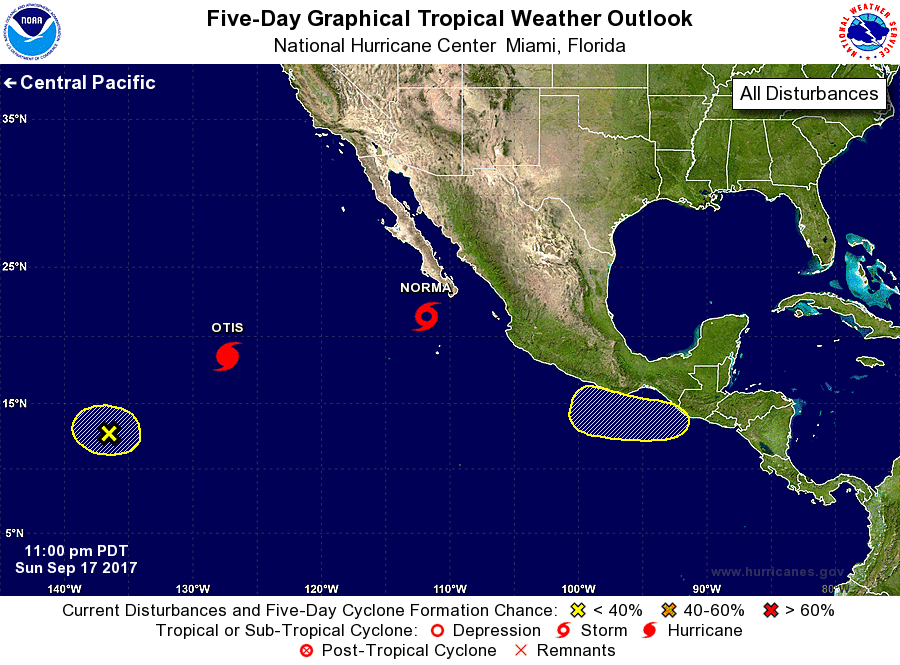
For the eastern North Pacific...east of 140 degrees west longitude:

The National Hurricane Center is issuing advisories on Tropical Storm Norma, located southwest of the southern tip of the Baja California peninsula, and on Hurricane Otis, located more than 1000 miles west-southwest of the southern tip of the Baja California peninsula.

1. A trough of low pressure located about 1300 miles east-southeast of the Hawaiian Islands is producing disorganized cloudiness and showers. Development, if any, of this system should be slow to occur while it remains nearly stationary during the next few days.
* Formation chance through 48 hours...low...10 percent.
* Formation chance through 5 days...low...10 percent.

2. An area of low pressure is expected to form by the end of the week south of southeastern Mexico. Some subsequent development is possible as the system moves slowly west-northwestward near the coast of Mexico.
* Formation chance through 48 hours...low...near 0 percent.
* Formation chance through 5 days...low...30 percent.

Forecaster Blake